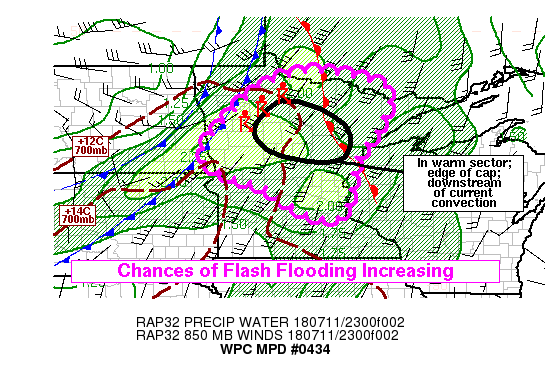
AREAS AFFECTED...NRN AND CTRL MINNESOTA

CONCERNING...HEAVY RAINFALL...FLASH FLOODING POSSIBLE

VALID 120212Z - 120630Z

SUMMARY...THUNDERSTORMS SHOULD CONTINUE DEVELOPING THIS EVENING
ALONG AND AHEAD OF A COLD FRONT ADVANCING INTO MINNESOTA. THE
STORMS SHOULD GRADUALLY BECOME MORE ORGANIZED WITH LOCALIZED RAIN
RATES AROUND 2 IN/HR POSING THE RISK OF FLASH FLOODING. THE STORMS
ARE MOST LIKELY TO BE CONCENTRATED IN NORTH-CENTRAL MINNESOTA
THROUGH AROUND MIDNIGHT...BUT COULD DEVELOP ANYWHERE IN NORTHERN
OR CENTRAL MINNESOTA.

DISCUSSION...AS OF 02Z...KMVX RADAR AND GOES-16 IR SATELLITE SHOWS
AN ARC OF DEVELOPING CONVECTION FROM BDE TO FSE TO FAR TO MBG. THE
MOST VIGOROUS AND SUSTAINED CONVECTION WAS GENERALLY NORTH OF
47N...OR CONCENTRATED IN NORTHERN MINNESOTA. SOUTH OF THAT...NEW
UPDRAFTS APPEARED TO BE LIMITED IN STRENGTH...PERHAPS BY A TONGUE
OF WARMER MID-LEVEL AIR PUSHING INTO SOUTH DAKOTA AND WEST-CENTRAL
MINNESOTA. ALTHOUGH CONVECTION MAY EVENTUALLY BUILD DOWN THE COLD
FRONT...THIS IS AN EARLY SIGN THAT MOST OF THE HEAVY RAINFALL
COULD BE CONCENTRATED IN NORTHERN AND NORTH-CENTRAL
MINNESOTA...GENERALLY NORTH OF A FERGUS FALLS TO HINCKLEY (FFM TO
04W) LINE. MPX RADAR ALSO SHOWED AN ISOLATED THUNDERSTORM TRYING
TO DEVELOP NEAR THE TWIN CITIES METRO AREA. SOME MODELS HINT AT A
LOCALIZED AREA OF DEVELOPMENT FURTHER SOUTHEAST... BUT WITHOUT A
LACK OF STRONG FORCING... CONVECTION IN THAT AREA MAY STRUGGLE TO
SUSTAIN ITSELF (AT LEAST PRIOR TO 06Z).

THE ATMOSPHERE WAS QUITE UNSTABLE AND MOIST AHEAD OF THE COLD
FRONT... WITH RAP ANALYZED MLCAPE ON THE ORDER OF 2500-4000 J/KG
AND PRECIPITABLE WATER VALUES AROUND 2 INCHES. GPS-PW OBSERVATIONS
WERE A LITTLE LOWER (AROUND 1.8 TO 1.9 INCHES) BUT STILL MORE THAN
SUFFICIENT TO SUPPORT HEAVY RAIN. GIVEN THE STRONG LINEAR FORCING
MECHANISM... THE FLASH FLOOD RISK SHOULD DEPEND ON OVERLAPPING
STORM PATHS (TRAINING) AND BACKBUILDING OF CONVECTION. SOME
TRAINING DOES APPEAR POSSIBLE WITH WSW MEAN WIND (850-300MB) AND
CURRENT BROKEN LINE OF CONVECTION ORIENTED SW-NE. WITH TIME THE
LINE OF CONVECTION MAY BECOME INCREASINGLY ORIENTED WSW-ENE OR
EVEN W-E GIVEN FASTER FLOW FURTHER NORTH...AND THE POSSIBILITY
THAT ANY LINE OR CLUSTER OF STORMS MAY TEND TO DROP SOUTHEAST
ALONG THE EDGE OF THE MID-LEVEL WARM LAYER (AND ALONG THE
LOW-LEVEL THETAE GRADIENT). THIS COULD PRESENT BETTER
OPPORTUNITIES FOR TRAINING IN A FEW HOURS (CLOSER TO 06Z).
BACKBUILDING OF CONVECTION ALSO APPEARS POSSIBLE GIVEN STRONG
LOW-LEVEL INFLOW FROM THE SOUTHWEST AND THE UPSTREAM RESERVOIR OF
STRONG INSTABILITY.

OVER THE NEXT SEVERAL HOURS...THE MOST FAVORABLE ALIGNMENT OF THE
WARM SECTOR... THE EDGE OF THE CAP... AND POSITION RELATIVE TO
CURRENT CONVECTION APPEARS TO BE IN NORTH-CENTRAL MINNESOTA FROM
RED LAKE AND BEMIDJI SOUTHEAST TO THE IRON RANGE AND AITKIN. THIS
WOULD BE WHERE FLASH FLOODING MAY BE MOST LIKELY TO DEVELOP.